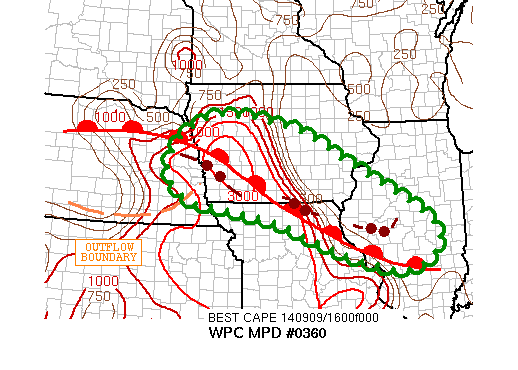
AREAS AFFECTED...FAR EASTERN NE...CENTRAL AND SOUTHERN
IA...NORTHEAST MO...WESTERN IL

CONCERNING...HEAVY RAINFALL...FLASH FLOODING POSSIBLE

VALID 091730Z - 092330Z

SUMMARY...EXPANDING CLUSTERS OF INTENSE SHOWERS AND THUNDERSTORMS
ARE EXPECTED THROUGH THE AFTERNOON. BACK-BUILDING AND TRAINING OF
CONVECTION IS EXPECTED WHICH WILL ELEVATE THE POTENTIAL FOR FLASH
FLOODING.

DISCUSSION...THE LATEST IR SAT IMAGERY SHOWS COOLING CONVECTIVE
CLOUD TOPS OVER ERN NEB AND EXTENDING INTO SWRN IA ATTM.
MEANWHILE...ADDITIONAL CONVECTION IS SEEN DEVELOPING OVER FAR NRN
MO NEAR THE IA BORDER AND WITH CONVECTION PERSISTING OVER WRN IL.
ALL OF THE ACTIVITY IS ASSOCD WITH A STRENGTHENING WARM
AIR/MOISTURE ADVECTION PATTERN OUT AHEAD OF A TROUGH DIGGING
THROUGH THE INTERMOUNTAIN WEST. THE CONVECTIVE DEVELOPMENT APPEARS
TO BE GETTING ENHANCED BY THE NOSE OF A 30 KT TO 40 KT LOW LVL JET
WHICH IS AIMED INTO A WARM FRONT.

THE LATEST GOES SOUNDER LI/S ARE RUNNING AS LOW AS -5 TO -10 OVER
NERN KS...SERN NEB AND ACROSS MUCH OF WRN IA AND NRN MO. MOST OF
THIS AREA IS IN THE WARM SECTOR AS A WARM FRONT IS SEEN GRADUALLY
LIFTING NWD ACROSS THE MIDWEST. ADDITIONAL SFC-BASED HEATING WILL
CONTRIBUTE TO A CONTINUED DESTABILIZATION OF THE BOUNDARY LYR AND
WITH EFFECTIVE BULK SHEAR VALUES OF OVER 40 KTS...THE CONVECTION
SHOULD BECOME MORE ORGANIZED THROUGH THE AFTERNOON. THE
ENVIRONMENT WILL BE CONDUCIVE FOR BACK-BUILDING AND TRAINING
CONVECTION INVOF THE FRONT.

THE LATEST HIRES MODELS INCLUDING THE 12Z NAM-CONEST AND 12Z ARW
STRONGLY SUPPORT AREAS OF CONCENTRATED CONVECTION DEVELOPING AND
GRADUALLY EXPANDING IN COVERAGE THROUGH THE AFTERNOON. THE
POTENTIAL WILL EXIST FOR SEVERAL INCHES OF RAIN AT LEAST
LOCALLY...AND FLASH FLOODING WILL BE POSSIBLE. WILL CONTINUE TO
MONITOR.